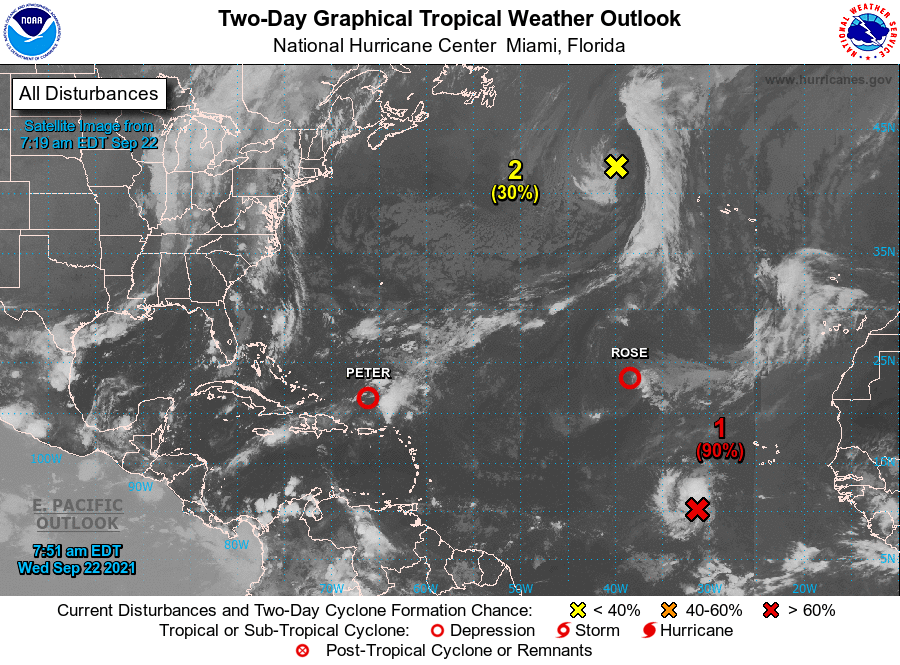
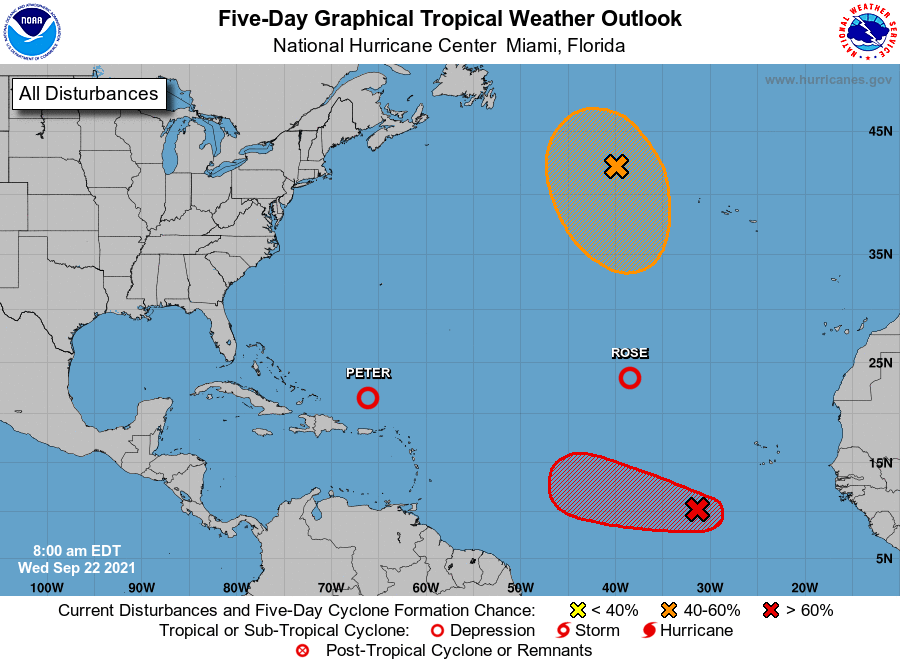
For the North Atlantic...Caribbean Sea and the Gulf of Mexico:

The National Hurricane Center is issuing advisories on Tropical Depression Peter, located a few hundred miles north-northeast of Puerto Rico, and on Tropical Depression Rose, located about 1000 miles west-northwest of the Cabo Verde Islands.

1. Showers and thunderstorms continue to become better organized in association with a tropical wave located several hundred miles southwest of the Cabo Verde Islands. Environmental conditions are expected to remain conducive for additional development, and a tropical depression is expected to form within a day or two while the system moves westward at 10 to 15 mph across the eastern and central tropical Atlantic Ocean. Additional information on this system, including gale warnings, can be found in High Seas Forecasts issued by the National Weather Service.
* Formation chance through 48 hours...high...90 percent.
* Formation chance through 5 days...high...90 percent.

2. A gale-force, non-tropical low pressure system, the remnants of Odette, is located a little less than 500 miles west-northwest of the westernmost Azores. This low could acquire some subtropical characteristics over marginally warm waters during the next few days while it makes a counter-clockwise loop over the north-central Atlantic Ocean. However, by the weekend, this system is expected to move into an environment of strong upper-level winds. Additional information on this system, including gale warnings, can be found in High Seas Forecasts issued by the National Weather Service.
* Formation chance through 48 hours...low...30 percent.
* Formation chance through 5 days...medium...50 percent.

High Seas Forecasts issued by the National Weather Service can be found under AWIPS header NFDHSFAT1, WMO header FZNT01 KWBC, and online at ocean.weather.gov/shtml/NFDHSFAT1.php

Forecaster Papin